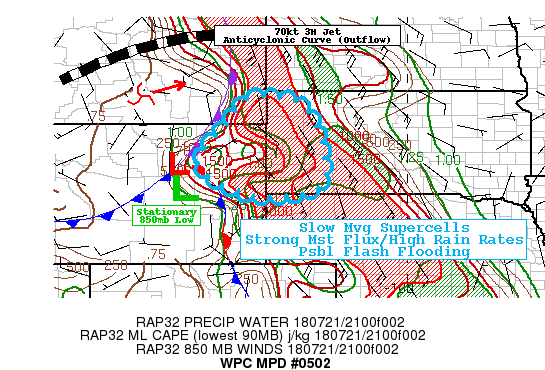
AREAS AFFECTED...WESTERN SD...NORTHEAST WY...EXT SOUTHEAST MT...

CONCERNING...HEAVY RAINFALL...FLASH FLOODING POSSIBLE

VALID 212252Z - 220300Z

SUMMARY...DEEP AVAILABLE MOISTURE/BACKED LOW LEVEL FLOW FOR SLOW
MOVING SUPERCELLS CAPABLE OF HIGH RATES (2"/HR) AND PSBL FLASH
FLOODING...

DISCUSSION...GOES-16 WV DEPICTS A FLAT SHORTWAVE FEATURE ALONG THE
SOUTHERN SIDE OF AN ANTICYCLONICALLY CURVED 3H 80KT JET CROSSING
SOUTHERN MT.  ADDITIONAL SWLY MID TO UPPER LEVEL FLOW HAS
SUPPORTED A DEVELOPING 850MB/SFC LOW NORTH OF CPR THAT IS
CONNECTED BY AN OCCLUDED FRONT TO DEEPER SFC LOW IN S CANADA WITH
A STATIONARY FRONT EXTENDING SOUTH IN THE VICINTY OF THE LARAMIE
RANGE.  WITH THESE HEIGHT FALLS...UPSLOPE COMPONENT LOW LEVEL
WINDS WILL BE BACKING ACROSS THE BLACK HILLS REGION TOWARD THE
FRONTAL BOUNDARY AND SURFACE/850MB LOW.  SFC ANALYSIS SHOWS TDS IN
THE 70S ALONG THE LOWER SLOPES OF THE BLACK HILLS AND MID 60S INTO
NE WY.  AS SUCH MOISTURE CONVERGENCE ALONG THE FRONTAL ZONE HAS
SPARKED CONVECTION IN EXT SE MT INTO NE WY.

THE VEERED SHEAR PROFILE IS SUPPORTING ROTATION FOR SUPERCELL
DEVELOPMENT AND RAP13 BUNKERS RIGHT MOVING SUPERCELL VECTORS RANGE
FROM 10-15 KTS TO THE SE FURTHER NORTH TO 0-5KTS OVER EAST CENTRAL
WY AND THE BLACK HILLS. IN FACT RECENT UDX RADAR AND VISIBLE
IMAGERY SHOW AN OVERSHOOTING TOP CELL ALONG THE NORTHERN FLANKS OF
THE BLACK HILLS WITH NO SIGNIFICANT CELL MOTIONS AT THIS TIME.
GIVEN THE DEEP MOISTURE...RATES UP TO 2"/HR ARE POSSIBLE WHICH
EXCEEDS 1HR FFG VALUES 1-1.5" IN THE AREA AND APPROACHES 3HR
VALUES 1.5-2.5" (MINUS THE CORE OF THE BLACK HILLS WHERE IT IS
HIGHER).  FURTHER CONVECTIVE EXPANSION IS EXPECTED TOWARD THE
TRIPLE POINT LATER THIS EVENING AS WELL INCREASING FLASH FLOOD
RISK OVER EAST CENTRAL WY INTO SW SD AS WELL.